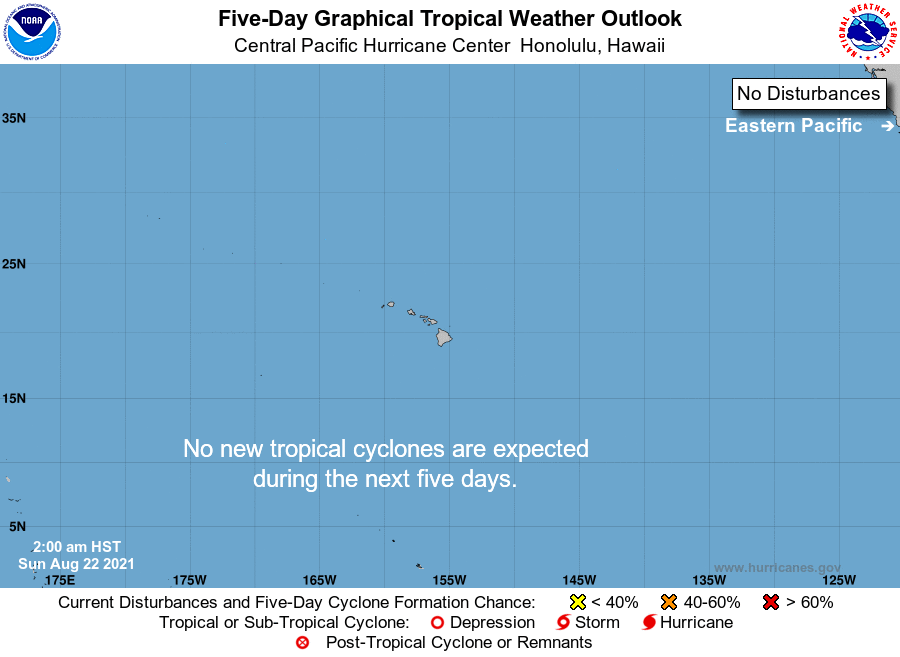
For the central North Pacific...between 140W and 180W:

No tropical cyclones are expected during the next 5 days.

Forecaster Blood